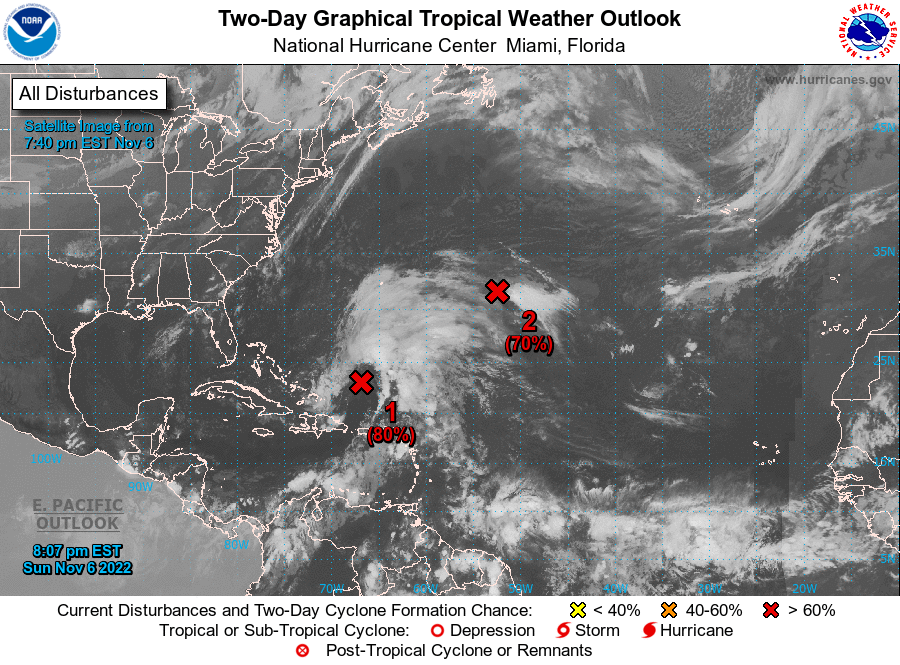
For the North Atlantic...Caribbean Sea and the Gulf of Mexico:

1. Southwestern Atlantic: An area of low pressure located more than 300 miles north of Puerto Rico is producing a large area of disorganized showers and thunderstorms. This system is forecast to move generally northwestward over the southwestern Atlantic where environmental conditions appear conducive for additional development, and a subtropical or tropical storm is likely to form in the next day or so. The system is then forecast to turn westward or west-southwestward over the southwestern Atlantic by the middle part of this week where additional development is possible.

Regardless of development, there is an increasing risk of coastal flooding, tropical-storm-force winds, heavy rainfall, rough surf, and beach erosion along much of the southeastern United States coast, the Florida east coast, and portions of the central and northwestern Bahamas beginning in the early to middle part of this week. Interests in those areas should continue to monitor the progress of this system as tropical storm, hurricane, and storm surge watches could be required for a portion of these areas by early Monday. Additional information on this system, including gale warnings, can be found in High Seas Forecasts issued by the National Weather Service and in products from your local weather office.
* Formation chance through 48 hours...high...80 percent.
* Formation chance through 5 days...high...90 percent.

2. Central Subtropical Atlantic: A well-defined area of low pressure located several hundred miles east of Bermuda continues to produce gale-force winds and an area of showers and thunderstorms displaced to the east of the center. If shower activity re-develops closer to the center, a tropical storm could form over the next couple of days while the system drifts slowly through tomorrow and then moves northeastward over the central Atlantic. The system is forecast to merge with a strong cold front by the middle part of this week. Additional information on this system, including gale warnings, can be found in High Seas Forecasts issued by the National Weather Service.
* Formation chance through 48 hours...high...70 percent.
* Formation chance through 5 days...high...70 percent.

High Seas Forecasts issued by the National Weather Service can be found under AWIPS header NFDHSFAT1, WMO header FZNT01 KWBC, and online at ocean.weather.gov/shtml/NFDHSFAT1.php

Forecaster Pasch